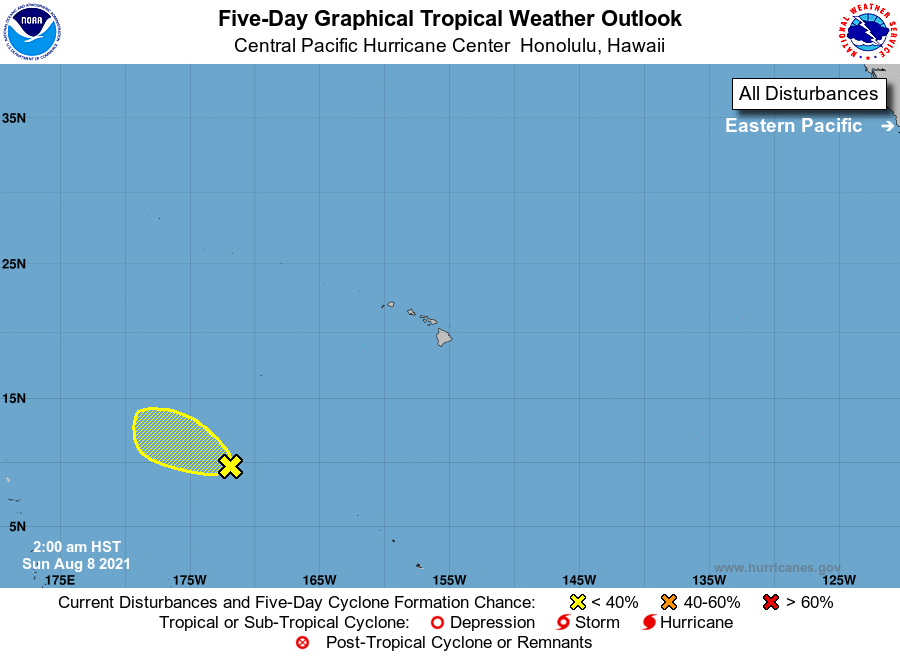
For the central North Pacific...between 140W and 180W:

1. An elongated area of low pressure located around 1300 miles southwest of Honolulu, Hawaii is producing disorganized showers and thunderstorms. Conditions will remain marginally conducive for development during the next day or so, before the system enters a less favorable environment.
* Formation chance through 48 hours...low...20 percent.
* Formation chance through 5 days...low...20 percent.

Elsewhere, no tropical cyclones are expected during the next 5 days.

Forecaster Blood